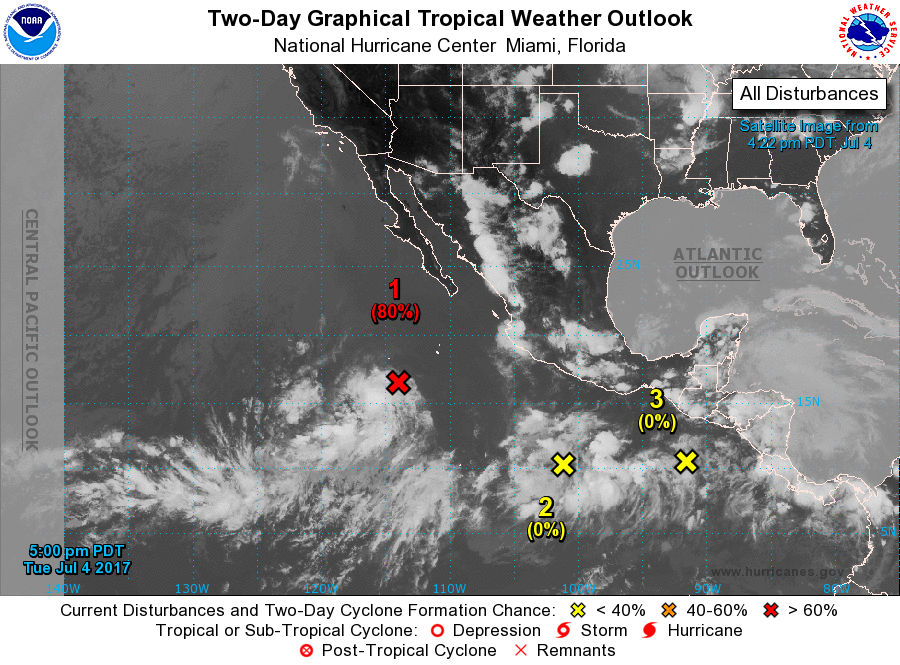
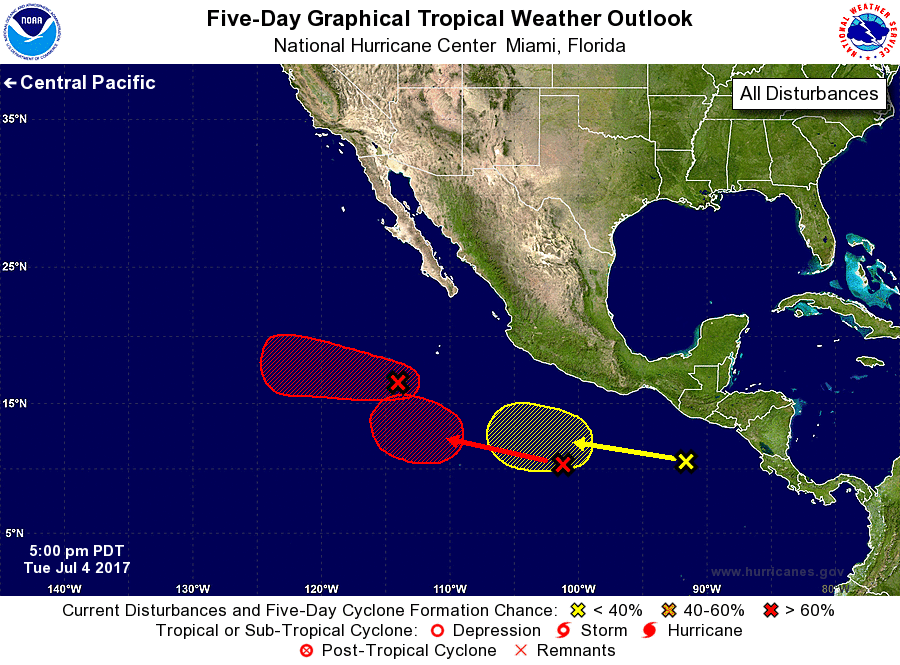
For the eastern North Pacific...east of 140 degrees west longitude:

1. Shower and thunderstorm activity associated with a low pressure area located about 550 miles southwest of the southern tip of the Baja California peninsula has become a little better organized during the afternoon, but satellite data indicates that a well-defined circulation does not yet exist. This system still has the potential to become a tropical depression during the next day or two before it moves westward into a less favorable environment.
* Formation chance through 48 hours...high...80 percent.
* Formation chance through 5 days...high...80 percent.

2. A broad area of low pressure located several hundred miles south of Acapulco, Mexico is producing widespread showers and thunderstorms. Environmental conditions are forecast to be favorable for gradual development, and this system is likely to become a tropical depression late this week or this weekend while the disturbance moves generally westward at about 10 mph.
* Formation chance through 48 hours...low...near 0 percent.
* Formation chance through 5 days...high...70 percent.

3. Another area of disturbed weather is located over the far eastern North Pacific, a few hundred miles south of the coast of El Salvador. Development, if any, of this system should be slow to occur, due in part to its close proximity to the disturbance to the west.
* Formation chance through 48 hours...low...near 0 percent.
* Formation chance through 5 days...low...10 percent.

Forecaster Zelinsky